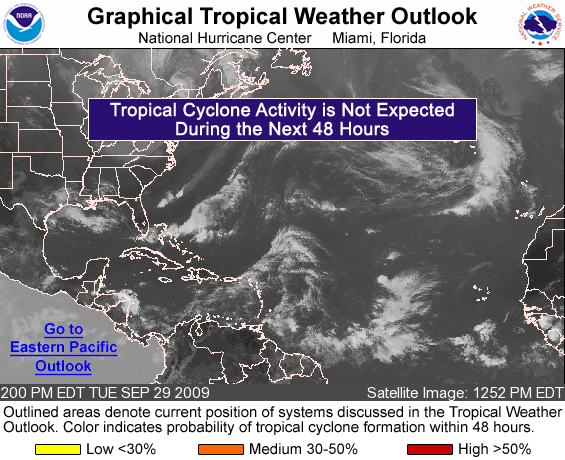
FOR THE NORTH ATLANTIC...CARIBBEAN SEA AND THE GULF OF MEXICO...

TROPICAL CYCLONE FORMATION IS NOT EXPECTED DURING THE NEXT 48 HOURS.

FORECASTER CANGIALOSI/PASCH